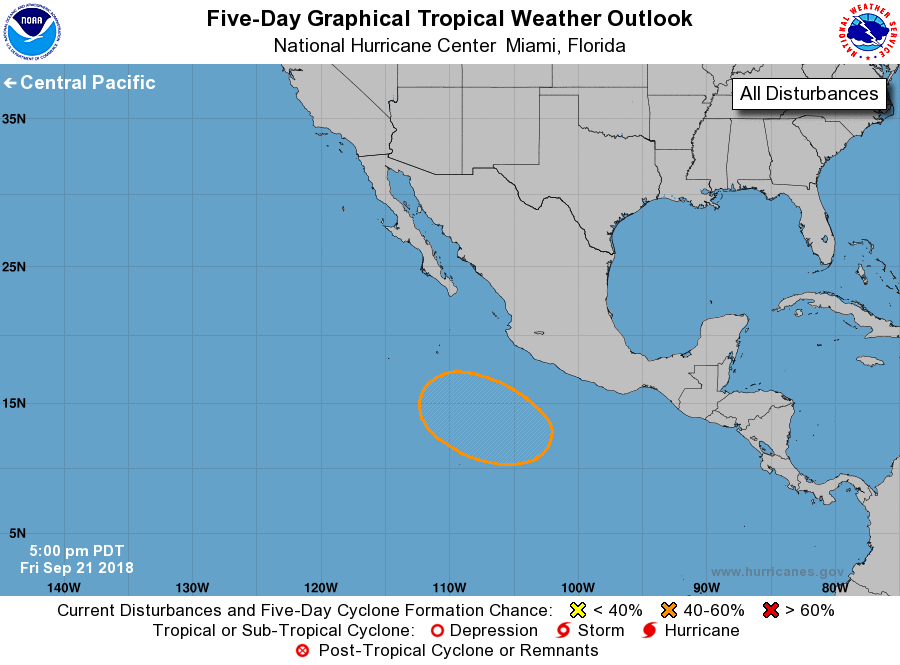
For the eastern North Pacific...east of 140 degrees west longitude:

1. An area of low pressure is expected to form in a couple of days well to the south of the southern coast of Mexico. Gradual development is possible, and a tropical depression could form by the middle of next week well off the coast of southwestern Mexico.
* Formation chance through 48 hours...low...near 0 percent.
* Formation chance through 5 days...medium...50 percent.

Forecaster Stewart